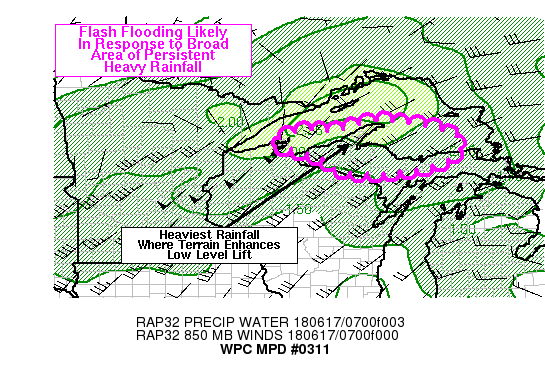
AREAS AFFECTED...WESTERN UPPER PENINSULA OF MI

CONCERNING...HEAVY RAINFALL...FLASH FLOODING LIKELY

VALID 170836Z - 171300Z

SUMMARY...ON-GOING FLASH FLOODING ACROSS THE WESTERN PORTION OF
THE UPPER PENINSULA OF MICHIGAN WILL CONTINUE THROUGH 13Z AS A
BROAD AREA OF MODERATE TO HEAVY RAINFALL PERSISTS.

DISCUSSION...CONVECTION WITH RAINFALL RATES OF 1.5 TO 2.5 INCHES
PER HOUR HAS BEEN PERSISTENT ACROSS THE WESTERN PORTION OF THE
MICHIGAN U.P. WITH A FEW SPOTS ALREADY APPROACHING 5 INCHES OF
RAINFALL.  THIS AREA IS AN EXTENSION OF HEAVY RAINFALL THAT HAD
BEEN PERSISTING OVER NORTHWEST WI...WITH SOME OF THE HIGHEST
OBSERVED RAINFALL AMOUNTS IN AREAS WHERE SURFACE/BOUNDARY LAYER
WINDS WERE BEING FORCED TO ASCEND ONCE THEY INTERACT WITH THE
HILLY TERRAIN.

THE HI RES MODELS DEPICT THE POTENTIAL FOR ANOTHER 2 TO 3 INCHES
IN SOME SPOTS WITH 1 TO 2 INCHES MORE COMMON OVER A BROADER AREA.
THIS WILL EXACERBATE ON GOING FLOODING CONCERNS AND OPENING THE
DEVELOPMENT OF FLASH FLOODING ELSEWHERE.  RAINFALL RATES SHOULD BE
TAPERING OFF BY 13Z.